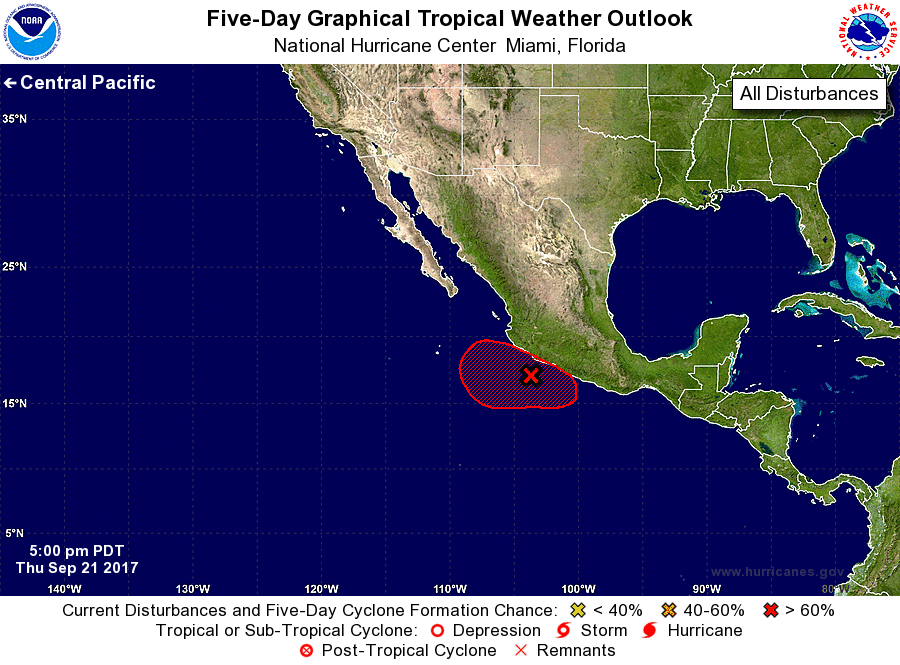
For the eastern North Pacific...east of 140 degrees west longitude:

1. An area of disturbed weather is located near the southwestern coast of Mexico. Although shower and thunderstorm activity is showing some signs of organization, the system currently lacks a closed surface circulation. Environmental conditions are expected to be favorable for gradual development, and a tropical depression is likely to form near the southwest coast of Mexico during the next couple of days as the system drifts west-northwestward. Regardless of tropical cyclone formation, heavy rains are expected over portions of southwestern Mexico during the next several days.
* Formation chance through 48 hours...high...70 percent.
* Formation chance through 5 days...high...90 percent.

Forecaster Brown